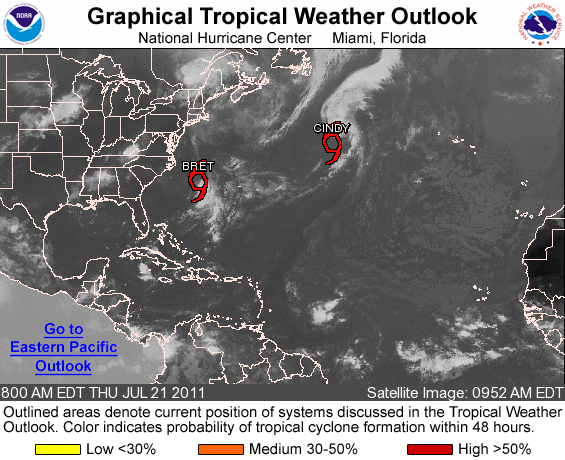
FOR THE NORTH ATLANTIC...CARIBBEAN SEA AND THE GULF OF MEXICO...

THE NATIONAL HURRICANE CENTER IS ISSUING ADVISORIES ON TROPICAL STORM CINDY...LOCATED ABOUT 975 MILES EAST-NORTHEAST OF BERMUDA. ADVISORIES ARE ALSO BEING ISSUED ON TROPICAL STORM BRET...LOCATED ABOUT 260 MILES EAST-SOUTHEAST OF CAPE HATTERAS NORTH CAROLINA.

ELSEWHERE...TROPICAL CYCLONE FORMATION IS NOT EXPECTED DURING THE NEXT 48 HOURS.

PUBLIC ADVISORIES ON CINDY ARE ISSUED UNDER WMO HEADER WTNT33 KNHC AND UNDER AWIPS HEADER MIATCPAT3. FORECAST/ADVISORIES ON CINDY ARE ISSUED UNDER WMO HEADER WTNT23 KNHC AND UNDER AWIPS HEADER MIATCMAT3.

FORECASTER BEVEN